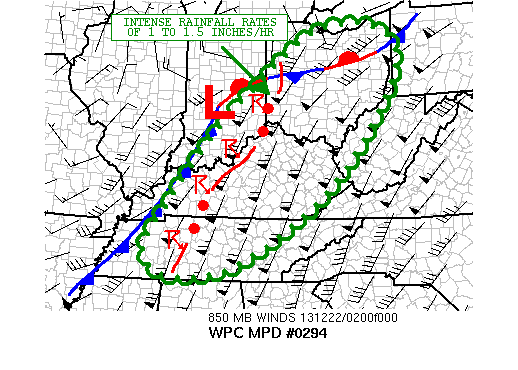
AREAS AFFECTED...CENTRAL TN...CENTRAL AND EASTERN KY...SOUTHEAST
IN...OH...WESTERN WV

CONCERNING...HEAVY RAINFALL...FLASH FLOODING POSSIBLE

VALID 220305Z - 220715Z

SUMMARY...THE FLASH FLOOD THREAT CONTINUES AS A STRONG SQUALL LINE
ADVANCES NORTHEASTWARD WITH INTENSE SHORT-TERM RAINFALL RATES.

DISCUSSION...LATEST RADAR IMAGERY SHOW A WELL-DEFINED MCS IN THE
FORM OF A SQUALL LINE...WITH EMBEDDED LINE SEGMENTS MOVING THROUGH
THE OH VALLEY AND GRADUALLY APPROACHING THE TN VALLLEY. WHILE
PORTIONS OF THE LINE ARE QUITE PROGRESSIVE GIVEN THE DISTINCT
SEVERE MODE OF THE CONVECTION...THE RAINFALL RATES ARE STILL QUITE
INTENSE...AND LOCALLY ON THE ORDER OF 1 TO 1.5 INCHES/HR. EVEN
BEHIND THE MAIN CONVECTIVE LINE...THERE IS PLENTY OF MDT/HVY
STRATIFORM RAIN THAT AT LEAST FOR A COUPLE OF ADDITIONAL HOURS
WILL CONTRIBUT TO HVY STORM TOTALS.

THE CONVECTIVE LINE SHOULD BE SUSTAINABLE THE NEXT SEVERAL HOURS
AS LARGE SCALE FORCING CONTINUES OUT AHEAD OF AN APPROACHING UPPER
TROUGH AND WHILE INTERACTING WITH AN ANOMALOUS MOISTURE TRANSPORT
REGIME THAT INCLUDES A NOSE OF 1.6 TO 1.8 INCH PWATS MOVING UP
THROUGH TN/OH VALLEYS. THE LATEST RAP ANALYSIS INDICATES A 60 TO
80 KT LOW LEVEL JET PROVIDING THE MOISTURE AND FAVORABLE
THERMODYNAMIC ENVIRONMENT.

GIVEN LOCALLY MOIST/SATURATED SOILS...AND SUCH INTENSE SHORT-TERM
RAINFALL RATES WITH THE CONVECTIVE LINE...THERE WILL STILL BE A
THREAT FOR AT LEAST SOME FLASH FLOODING. THIS WILL ESPECIALLY BE
THE CASE FROM CENTRAL KY NEWD UP INTO MUCH OF OH WHERE FFG VALUES
ARE NOTABLY LOWER. RECENT SNOWMELT HAS LOCALLY CONTRIBUTED TO THIS
CONCERN...AND THUS ELEVATING THE FLASH FLOOD RISK.